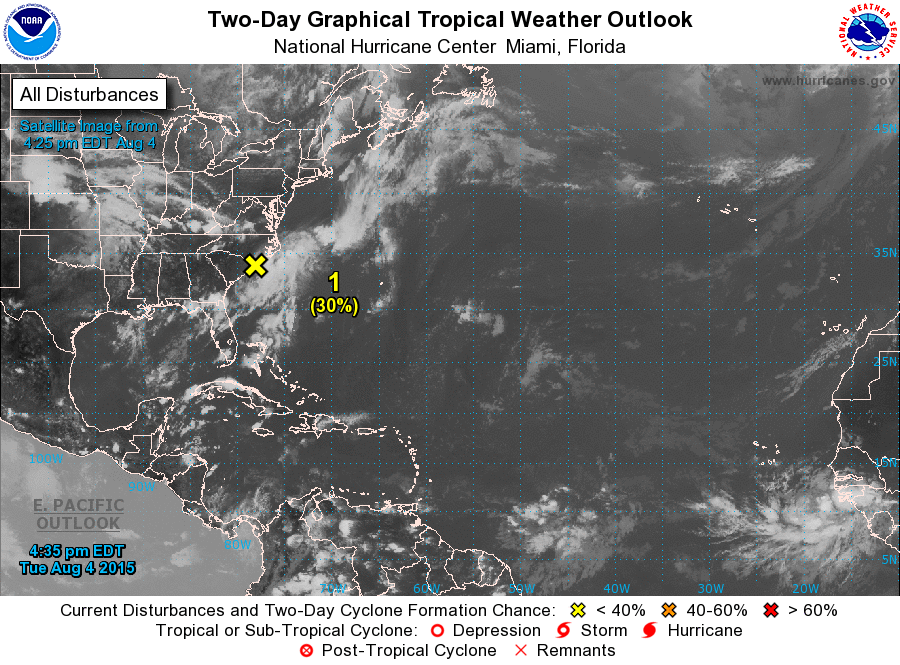
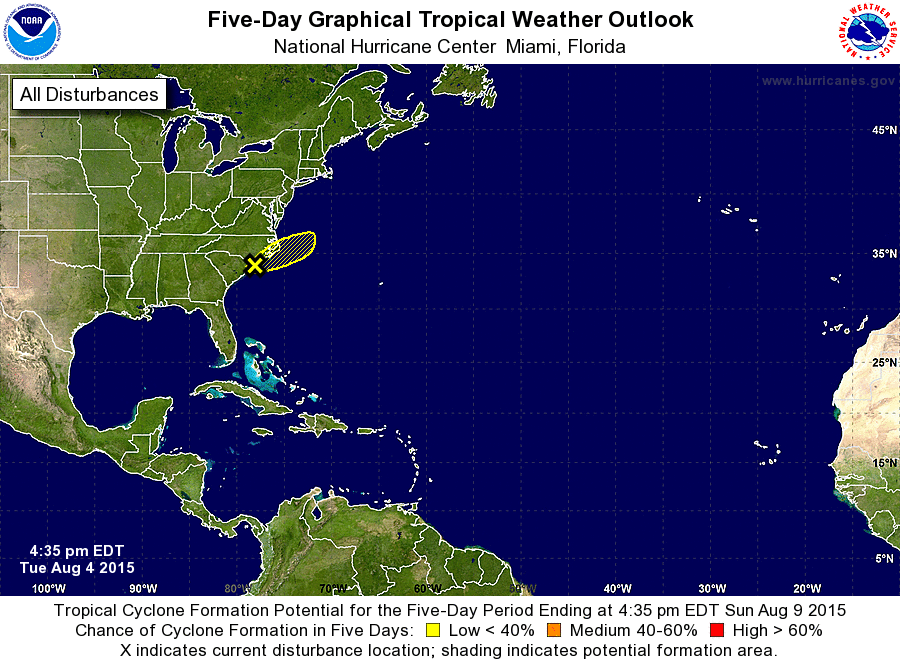
For the North Atlantic...Caribbean Sea and the Gulf of Mexico:

Special tropical weather outlook issued to update the discussion on the low pressure area near Wilmington, North Carolina.

1. Satellite imagery and radar data indicate that thunderstorm activity associated with the low pressure area near Wilmington, North Carolina is poorly organized. However, an Air Force Reserve Hurricane Hunter aircraft found an area of gale-force winds over the Atlantic Ocean well to the east and southeast of the center. There is still a short window of opportunity for this system to become a tropical cyclone before it merges with a frontal system Wednesday or Wednesday night. Regardless of development, locally heavy rains and gusty winds will continue to spread along the coastal areas of North Carolina through tonight. For additional information on this system, see High Seas Forecasts and local forecast office products issued by the National Weather Service.
* Formation chance through 48 hours...low...30 percent
* Formation chance through 5 days...low...30 percent

High Seas Forecasts issued by the National Weather Service can be found under AWIPS header NFDHSFAT1 and WMO header FZNT01 KWBC.

Forecaster Beven